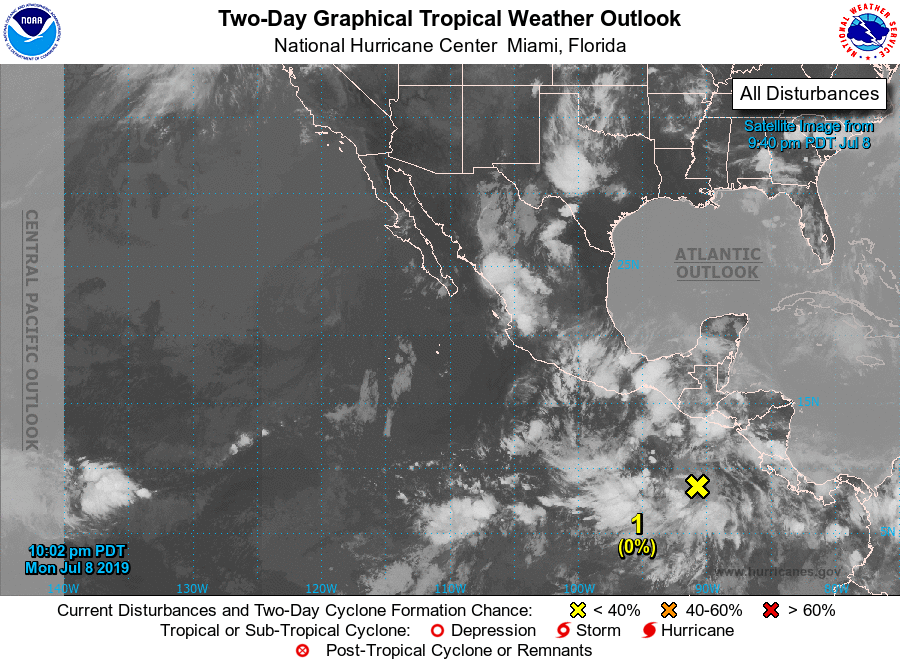
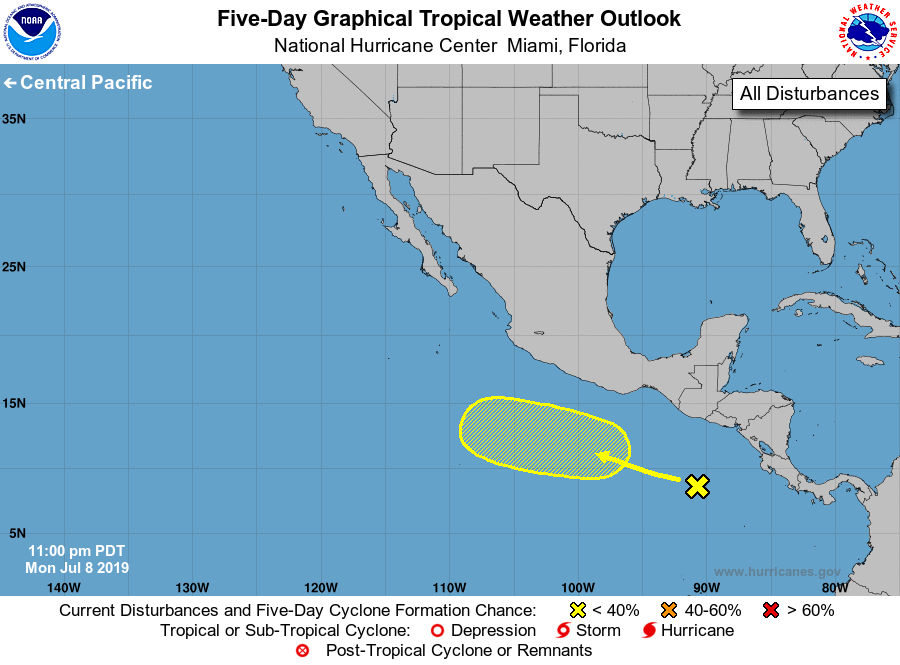
For the eastern North Pacific...east of 140 degrees west longitude:

1. Disorganized showers and thunderstorms located several hundred miles south of the coasts of El Salvador and Guatemala are associated with a tropical wave. Development, if any, of this system should be slow to occur during the next few days while it moves westward to west-northwestward.
* Formation chance through 48 hours...low...near 0 percent.
* Formation chance through 5 days...low...20 percent.

Forecaster Cangialosi